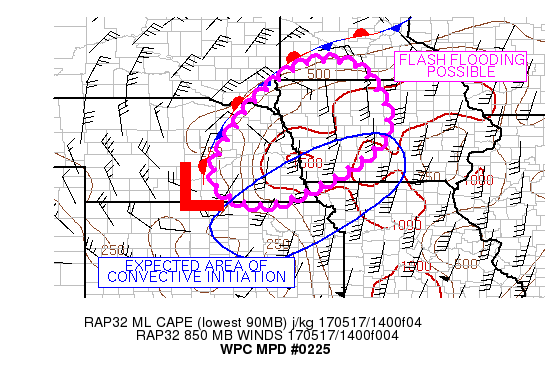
AREAS AFFECTED...EASTERN NEBRASKA AND WESTERN IOWA

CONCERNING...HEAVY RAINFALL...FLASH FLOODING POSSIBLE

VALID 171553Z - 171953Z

SUMMARY...NEW CONVECTION IS EXPECTED TO DEVELOP IN THE LATE
MORNING/EARLY AFTERNOON AFFECTING AREAS WITH WET ANTECEDENT
CONDITIONS, RESULTING IN POSSIBLE FLASH FLOODING.

DISCUSSION...GOES VISIBLE IMAGERY SHOWS AN AREA OF ERODING CLOUD
COVER FROM NORTHEAST KANSAS TO SOUTHWESTERN IOWA.  CONVECTIVE
INITIATION HAS BEGUN ACROSS NORTH-CENTRAL KS AS THE SPC
MESOANALYSYS SHOWING SURFACE BASED INSTABILITY TO BE INCREASING
ACROSS THE REGION DUE TO DAYTIME HEATING. THE 12Z OMAHA NEBRASKA
SOUNDING SHOWS A SATURATED ENVIRONMENT WITH MODEST UNIDIRECTIONAL
FLOW. PRECIPITABLE WATER VALUES OF 1.00-1.25 INCHES...WHILE NOT
OVERLY ROBUST...SHOULD SUPPORT RAINFALL RATES OF UP TO 1.5 INCHES
PER HOUR.

CONVECTIVE PROPAGATION VECTORS IN THE VICINITY OF THE SURFACE LOW
WILL BE ON THE ORDER OF 5 TO 10 KTS DUE TO WEAK MEAN 850-200 HPA
WINDS NEAR THE DEEP-LAYERED CYCLONE INDICATING THAT SLOWER STORM
MOTIONS AND SOME DEGREE OF BACKBUILDING WOULD BE POSSIBLE AS THE
SURFACE LOW TRACKS NORTHEASTWARD ACROSS THE REGION THIS AFTERNOON.
 BULK SHEAR IN THE 0-6 KM LAYER IS 30-50 KTS, WHICH SHOULD ALLOW
FOR ORGANIZED CONVECTION, WITH POSSIBLY SOME EMBEDDED
MESOCYCLONES.  FLASH FLOOD GUIDANCE IS EXTREMELY LOW ACROSS THE
REGION DUE TO RECENT RAINFALL WITH VALUES RANGING FROM 0.75 TO
1.50 INCHES OVER A THREE HOUR PERIOD. GIVEN THE
ENVIRONMENT...FLASH FLOODING WILL BE POSSIBLE.